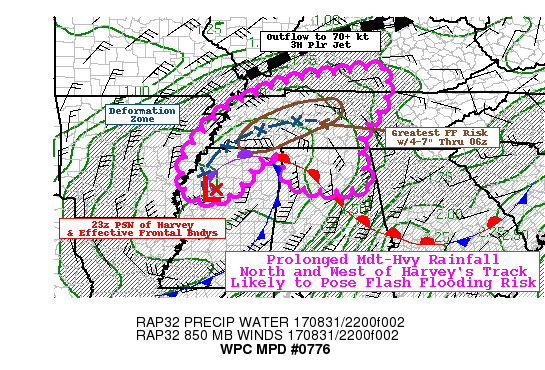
AREAS AFFECTED...NORTHERN MS...WESTERN & CENTRAL TN...NORTHERN
AL...EXT SOUTHERN KY

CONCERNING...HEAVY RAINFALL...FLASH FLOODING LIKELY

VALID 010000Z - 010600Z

SUMMARY...STRONG MOISTURE FLUX/ASCENT THROUGH THE
TROWAL/DEFORMATION ZONE GENERALLY PARALLEL TO THE TRACK OF HARVEY
POSES LIKELY FLASH FLOODING RISK THROUGH EARLY OVERNIGHT HOURS.

DISCUSSION...WSR-88D MOSAIC DEPICTS HARVEY AS TAKING ON A MORE
CLASSIC EXTRATROPICAL CYCLONE APPEARANCE WITH WELL DEFINED COMMA
HEAD ACROSS NW MS...EFFECTIVE COLD FRONT/INNER CURVED SOLID SQUALL
LINE ACROSS NW AL.  A STRONG SOUTHERLY AND SOUTHEASTERLY FLOW
(35-40KTS AT 85H IN ADVANCE IN THE WARM SECTOR ACROSS CENTRAL
AL/GA ASCENDING OVER THE WARM FRONT INTO CENTRAL/EASTERN TN IN AN
IMPRESSIVE TROWAL SCATTERED WITH EMBEDDED CONVECTIVE ELEMENTS.

EVENTUALLY THE TROWAL MELDS INTO THE LARGER DEFORMATION ZONE FROM
N MS TO S CENTRAL KY THAT IS REINFORCED TO THE NORTH AND IS
ORIENTED FAIRLY PARALLEL TO THE EXPECTED TRACK OF
HARVEY...ALLOWING FOR PROLONGED MODERATE TO HVY RAINFALL WITH
RATES OF 1-1.5" TO PERSIST FOR HOURS LEADING TO 4-7" TOTALS ACROSS
W AND CENTRAL TN BLEEDING INTO S CENTRAL KY AND E CENTRAL TN
TOWARD 06Z.  HI-RES CAM SOLUTIONS CONTINUE TO SHOW STRONG
AGREEMENT THOUGH RAPID REFRESH GUIDANCE SUCH AS THE HRRR AND ESRL
HRRRV3 INDICATE A SLIGHT EASTWARD TREND WHICH IS BEING CONFIRMED
BY RECENT CONVECTIVE TRENDS PLACING NASHVILLE METRO AREA WITHIN
THREAT OF MAIN HEAVY RAINFALL AXIS.

SOUTHEAST OF THE CONFLUENCE OF THE TROWAL AND DEFORMATION ZONE IN
WEST CENTRAL TN...SOUTH AND SOUTHEASTERLY FLOW ISENTROPICALLY
ASCENDS OVER THE EFFECTIVE WARM FRONT FROM JUST SOUTH OF 1M4 TO
GAD...WITH MEAN CELL MOTIONS TOWARD THE NORTH SUPPORTING THE
POTENTIAL FOR BANDED TRAINING ENVIRONMENTS ACROSS N AL AND SOUTH
CENTRAL TN.  ASCENDED WARM SECTOR ENVIRONMENT SUPPORTS INCREASED
INSTABILITY (1000-1500 MUCAPE) ALLOWING FOR STRONGER/BROADER
UPDRAFTS CAPABLE OF 2"/HR RATES.  DEPENDENT ON DURATION OF
TRAINING...TOTALS UP TO 3-5" ARE POSSIBLE POSING FLASH FLOODING
RISK ACROSS THIS REGION AS WELL THROUGH 06Z ESPECIALLY CLOSER TO
THE INTERSECTION WITH THE DEFORMATION ZONE.